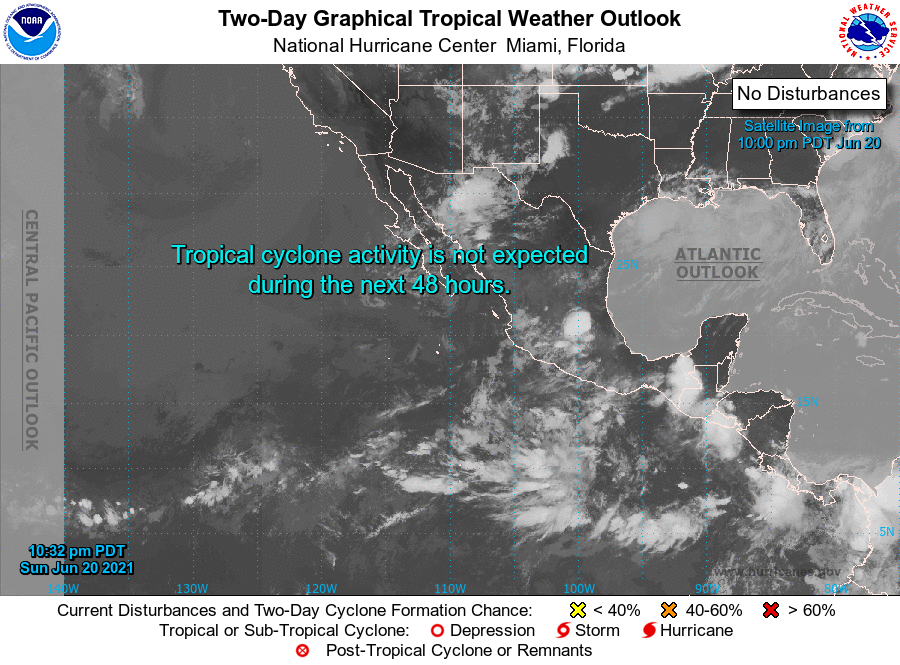
For the eastern North Pacific...east of 140 degrees west longitude:

1. An area of low pressure is expected to form south of Guatemala and the Gulf of Tehuantepec in a few days. Environmental conditions appear conducive for development thereafter, and a tropical depression could form by late week while the system moves west- northwestward parallel to and just offshore of the southern coast of Mexico.
* Formation chance through 48 hours...low...near 0 percent.
* Formation chance through 5 days...medium...40 percent.

Forecaster Blake